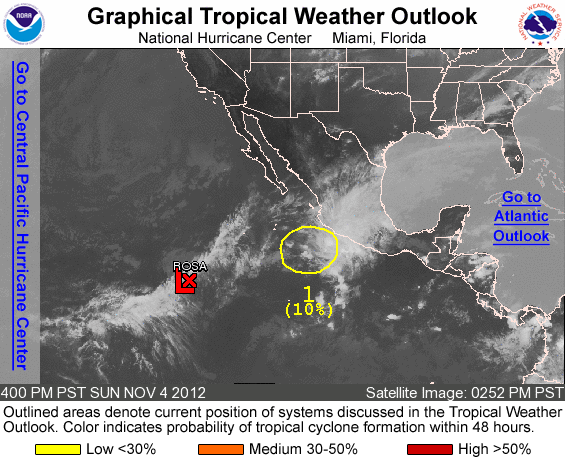
FOR THE EASTERN NORTH PACIFIC...EAST OF 140 DEGREES WEST LONGITUDE..

THE NATIONAL HURRICANE CENTER HAS ISSUED ITS FINAL ADVISORY ON POST-TROPICAL CYCLONE ROSA...LOCATED ABOUT 1045 MILES SOUTHWEST OF CABO SAN LUCAS MEXICO.

1. A WEAK AREA OF LOW PRESSURE LOCATED ABOUT 340 MILES SOUTHWEST OF MANZANILLO MEXICO IS PRODUCING A LARGE AREA OF CLOUDINESS AND THUNDERSTORMS NEAR THE SOUTHWEST COAST OF MEXICO. THIS SYSTEM IS BECOMING LESS ORGANIZED DUE TO STRONG UPPER-LEVEL WINDS...AND IT HAS A LOW CHANCE...10 PERCENT...OF BECOMING A TROPICAL CYCLONE DURING THE NEXT 48 HOURS AS IT MOVES SLOWLY NORTHWESTWARD. REGARDLESS OF DEVELOPMENT...LOCALLY HEAVY RAINFALL IS POSSIBLE ALONG PORTIONS OF THE SOUTHWEST COAST OF MEXICO DURING THE NEXT DAY OR SO.

ELSEWHERE...TROPICAL CYCLONE FORMATION IS NOT EXPECTED DURING THE NEXT 48 HOURS.

FORECASTER PASCH